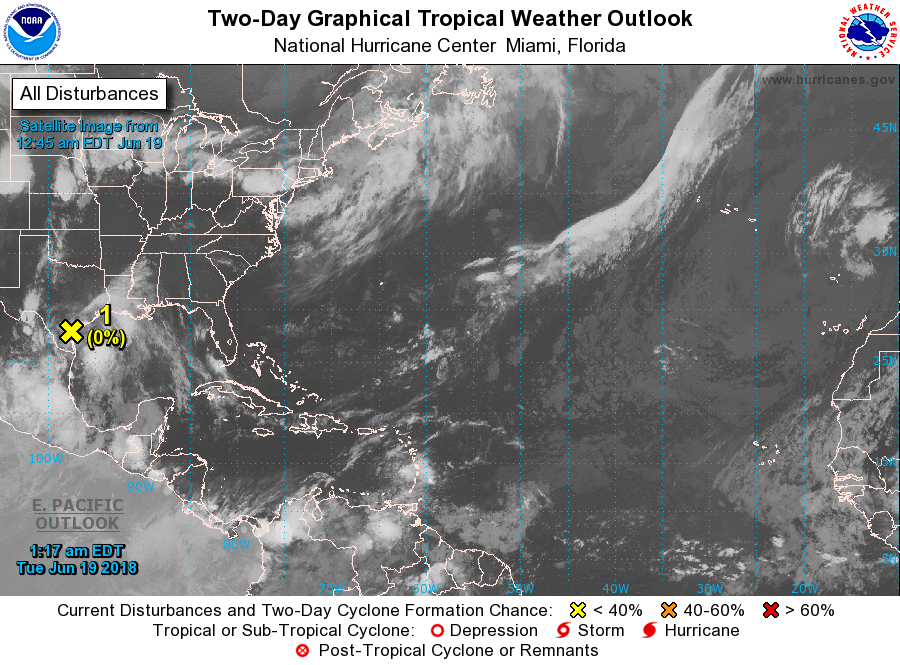
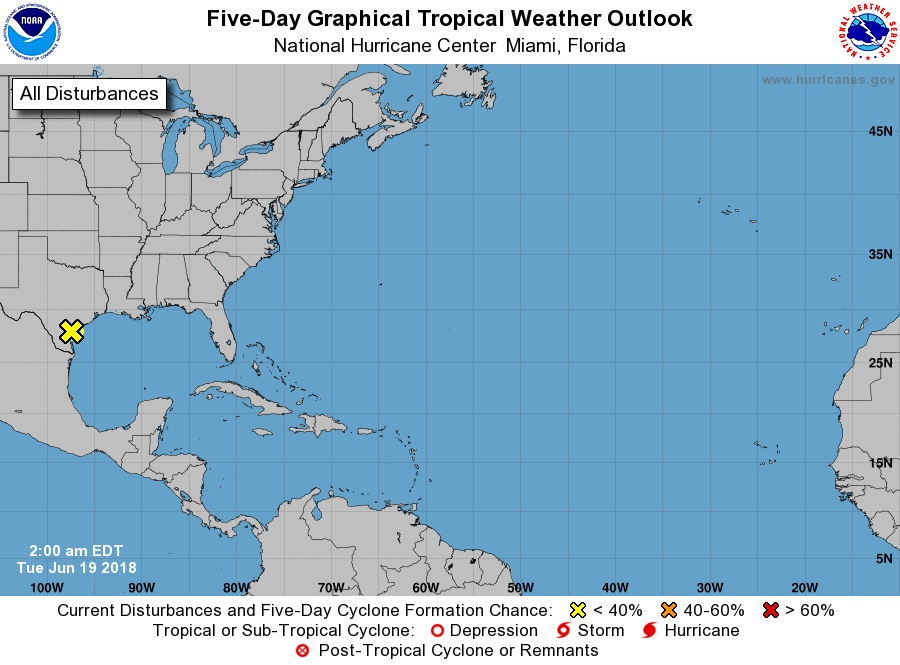
For the North Atlantic...Caribbean Sea and the Gulf of Mexico:

1. Surface observations and NOAA Doppler weather radar data indicate that a surface trough associated with a low- and mid-level low pressure system has moved inland over the Texas coastal plain. Although this system is producing a widespread area of cloudiness and disorganized showers and thunderstorms, interaction with land and proximity to dry air in the mid-levels of the atmosphere should prevent a tropical cyclone forming. However, this disturbance is likely to produce additional heavy rainfall and flash flooding across portions of southern and southeastern Texas during the next few days. For more details on this disturbance and the threat for heavy rainfall, please see products issued by your local weather office and High Seas Forecasts issued by the National Weather Service.
* Formation chance through 48 hours...low...near 0 percent.
* Formation chance through 5 days...low...near 0 percent.

High Seas Forecasts issued by the National Weather Service can be found under AWIPS header NFDHSFAT1, WMO header FZNT01 KWBC, and on the Web at https://ocean.weather.gov/shtml/NFDHSFAT1.shtml.

Forecaster Stewart